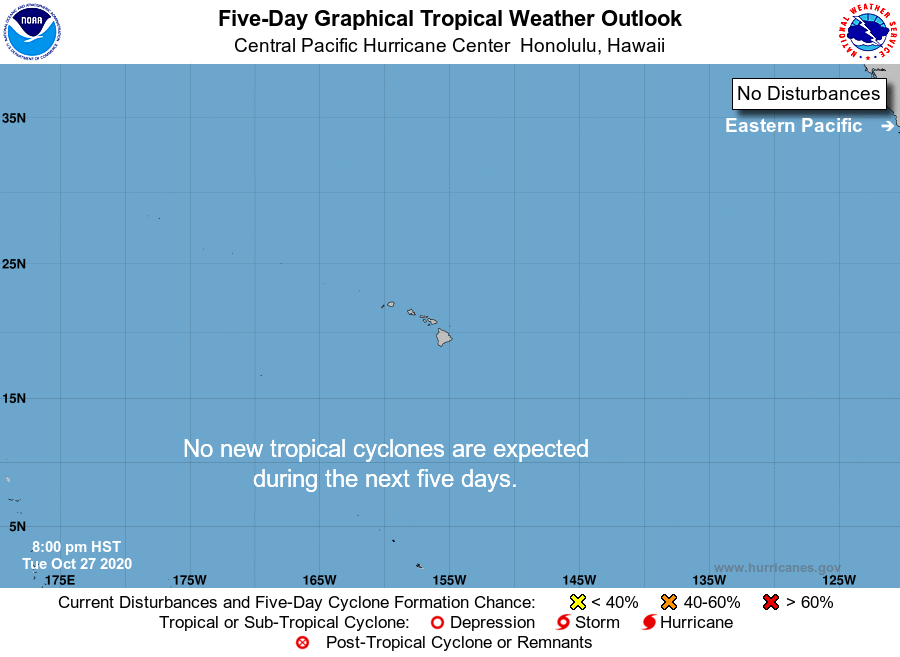
For the central North Pacific...between 140W and 180W:

No tropical cyclones are expected during the next 5 days.

Forecaster Gibbs